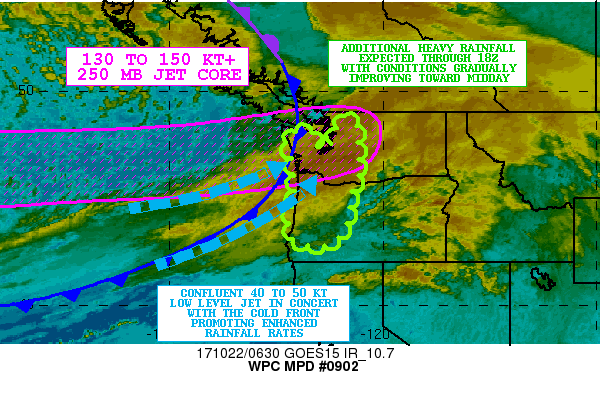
AREAS AFFECTED...WESTERN WA...WESTERN OR

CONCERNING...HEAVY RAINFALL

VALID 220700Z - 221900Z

SUMMARY...HEAVY RAINFALL WILL CONTINUE THROUGH THE MID TO LATE
MORNING HOURS ON SUNDAY IN ASSOCIATION WITH THE LATEST ATMOSPHERIC
RIVER. CONDITIONS SHOULD GRADUALLY IMPROVE TOWARD MIDDAY.

DISCUSSION...STRONG ATMOSPHERIC RIVER CONDITIONS CONTINUE ACROSS
THE PACIFIC NORTHWEST AS A STRONG UPPER LEVEL JET MAX DRIVEN BY A
SHORTWAVE TROUGH CROSSES THE REGION AND ALLOWS FOR A PERSISTENT
LONG-FETCH AXIS OF DEEP PACIFIC MOISTURE TO ADVANCE INLAND ALONG
AND AHEAD OF A COLD FRONT. THE LATEST 850/700 MB MOISTURE FLUX
ANOMALIES ARE OVER 4 SIGMAS ABOVE NORMAL AIMING INTO THE COASTAL
RANGES OF NORTHWEST OR AND ADJACENT AREAS OF SOUTHWEST WA. THIS IS
RESULTING IN ENHANCED RAINFALL RATES WHICH IS BEING ALSO GREATLY
AIDED BY STRONG OROGRAPHIC ASCENT. IN FACT...OBSERVED RAINFALL
RATES OVER THE LAST HOUR CONTINUE TO BE ON THE ORDER OF 0.50 TO
0.70 INCHES/HR...WITH SOME OF THE HEAVIEST RATES NOTED ACTUALLY IN
THE FOOTHILLS OF THE SOUTHERN WA CASCADES AND THE COASTAL RANGE
WEST OF THE WILLAMETTE VALLEY.

OVER THE NEXT SEVERAL HOURS...THE COLD FRONT WILL BE GRADUALLY
SETTLING DOWN THE COAST AND SHOULD BEGIN TO TRANSPORT THE AXIS OF
DEEPEST MOISTURE AND STRONGER SURFACE FORCING FARTHER SOUTH MORE
INTO WESTERN OR. THIS WILL ALLOW THE HEAVIEST RAINS TO BEGIN
SHIFTING OUT OF WESTERN WA...ALTHOUGH THERE WILL CONTINUE TO BE
POST-FRONTAL SHOWERS GIVEN SOME STEEPENING OF THE MID-LEVEL LAPSE
RATES AND PERSISTENT ONSHORE FLOW. THE STRONGEST ONSHORE FLOW
OVERALL WHICH IS ON THE ORDER OF 40 TO 50 KTS WILL CONTINUE ALONG
AND JUST AHEAD OF THE COLD FRONT AND WILL AGAIN HELP FOCUS STRONG
MOISTURE TRANSPORT INTO THE COASTAL RANGES.

ADDITIONAL RAINFALL AMOUNTS OF AS MUCH AS 2 TO 4 INCHES WILL BE
EXPECTED THROUGH 18Z TODAY AS THE FRONT MAKES PROGRESS FARTHER
SOUTH. THE HEAVIEST TOTALS SHOULD BE OVER THE FOOTHILLS OF THE
SOUTHERN WA AND CENTRAL/NORTHERN OR CASCADES...AND ALSO THE
WESTERN OR COASTAL RANGE. HOWEVER...BY MID TO LATE MORNING THE
HIRES MODEL CONSENSUS BEGINS TO STRONGLY SUPPORT A WEAKENING OF
THE ONSHORE FLOW...AND THE OVERALL LARGE SCALE FORCING FOR HEAVIER
RAINS SHOULD BEGIN TO SLACKEN AS THE SUPPORTING UPPER LEVEL
SHORTWAVE AND JET CORE SHIFTS WELL OFF TO THE EAST. THIS WILL LEAD
THE WAY FOR THIS ATMOSPHERIC RIVER EVENT TO COME TO AN END.

NEVERTHELESS...SEVERAL INCHES OF ADDITIONAL RAIN ARE EXPECTED
THROUGH MIDDAY BEFORE CONDITIONS BEGIN TO SUBSTANTIALLY
IMPROVE...AND THIS WILL RESULT IN ADDITIONAL RUNOFF CONCERNS AND
ESPECIALLY AROUND BURN SCAR AREAS WHERE THE POTENTIAL FOR
MUDSLIDES AND DEBRIS FLOWS WILL BE POSSIBLE.